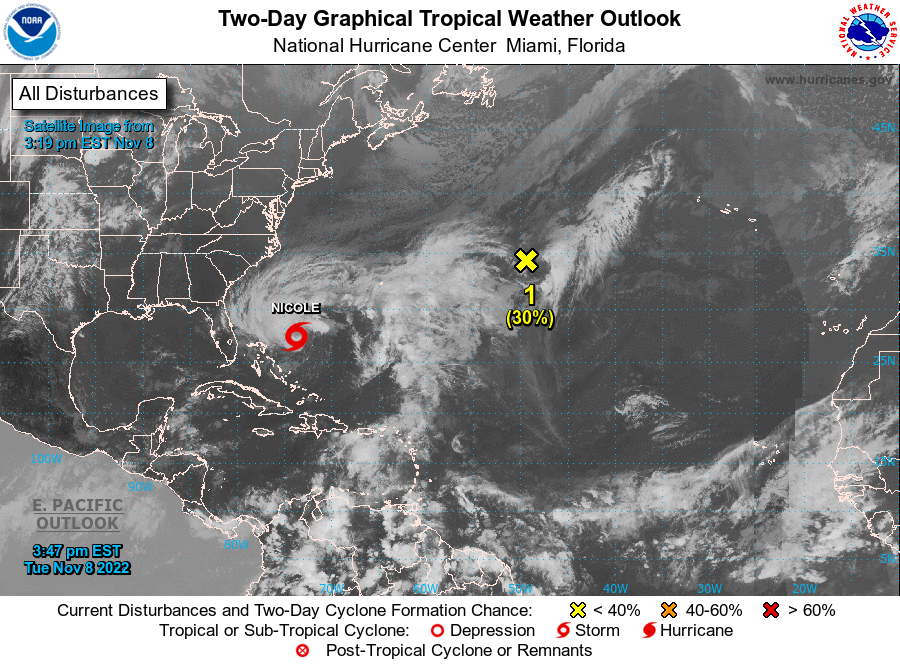
For the North Atlantic...Caribbean Sea and the Gulf of Mexico:

Active Systems: The National Hurricane Center is issuing advisories on Tropical Storm Nicole, located a few hundred miles northeast of the Northwestern Bahamas.

1. Central Subtropical Atlantic: Shower activity associated with an area of low pressure located about 875 miles east of Bermuda has become a little better organized today. However, upper-level winds are not conducive for significant additional development, and the low is expected to merge with a cold front on Wednesday. Additional information on this system can be found in High Seas Forecasts issued by the National Weather Service.
* Formation chance through 48 hours...low...30 percent.
* Formation chance through 5 days...low...30 percent.

High Seas Forecasts issued by the National Weather Service can be found under AWIPS header NFDHSFAT1, WMO header FZNT01 KWBC, and online at ocean.weather.gov/shtml/NFDHSFAT1.php

Forecaster Beven